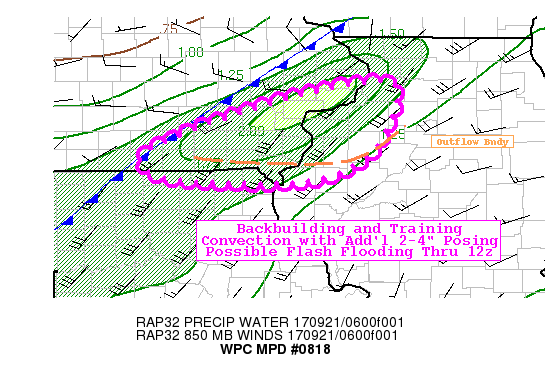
AREAS AFFECTED...SOUTHWEST IA...NORTHWEST IL...EXT NORTHEAST MO

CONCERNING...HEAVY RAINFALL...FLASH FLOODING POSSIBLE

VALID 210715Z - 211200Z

SUMMARY...BACKBUILDING AND TRAINING CONVECTION WITHIN NEARLY
STATIONARY LINEAR MCS CONTINUES TO POSE FLASH FLOODING RISK
THROUGH EARLY MORNING.

DISCUSSION...GOES-16 6.9UM MID-LEVEL WATER VAPOR CHANNEL DEPICTS
EXITING SHORTWAVE ACROSS ONTARIO WITH SOUTHWESTERLY JET ACROSS
DAKOTAS/N MN ATTM WITH TRAILING TROF FROM THE EASTERN UP BACK TO
SE KS. AT THE SURFACE SURFACE FRONT IS NEARLY STATIONARY BISECTING
WI INTO E IA BEFORE BENDING MORE WESTERLY ACROSS S IA INTO NW
MO...THOUGH ONGOING CONVECTION ACROSS E IA HAS PRODUCED AN OUTFLOW
BOUNDARY THAT HAS MOVED SOUTH AND IS CURRENTLY ORIENTED MORE
EAST-WEST FROM DAVIS COUNTY IA JUST SOUTH OF BRL/GBG BUT NORTH OF
EOK AND MCB AND PROVIDES SOLID ORIENTATION FOR ISENTROPIC ASCENT
FROM 30KT SWLY LLJ.  THE 10.3 UM CLEAR IR CHANNEL DEPICTS THE
STRONG UPDRAFTS/ASCENT WITH NUMEROUS OVERSHOOTING TOPS WITH
COOLING MCS WITH FURTHER SCATTERED TCU/SMALL CBS FURTHER WEST
ALONG THE LINE.

RECENT VWP NETWORK OVER NW MO SUGGESTS EVER SO SLIGHT VEERING WITH
TIME BUT STILL MAINTAINS SOLID STRENGTH OF THE FLOW AT THIS TIME.
STILL AS THE MAIN WAVE CONTINUES TO DEPART FURTHER NE...LLJ IS
EXPECTED TO WEAKEN AND FURTHER VEER DECREASING ORTHOGONAL
FLOW/ASCENT OVER THE BOUNDARY TOWARD 10-11Z. STILL IN THE
SHORT-TERM 850-7H FLOW REMAINS GENERALLY CONFLUENT ACROSS SE IA
SUPPORTING MEAN ENE CELL MOTION THOUGH WITH STRONGER
INFLOW...PROPAGATION VECTORS HAVE BACKED AND ARE EITHER STATIONARY
OR SUPPORT 5KTS FROM THE NORTHEAST SUGGESTING FURTHER BACKBUILDING
AND TRAINING WITHIN THE OVERALL COMPLEX (AS NOTED WITH UPSTREAM
TCU/SMALL CB IN GOES IR).  SUFFICIENT INSTABILITY REMAINS ALOFT TO
MAINTAIN UPDRAFTS WHILE LLJ PROVIDES MST CONVERGENCE ALONG THE
OUTFLOW BOUNDARY.

GIVEN AVAILABLE MOISTURE RATES OF 1.5-2"/HR ARE LIKELY AND SHOULD
SUPPORT ADDITIONAL 2-4" TOTALS ACROSS SE IA WITH POSSIBLE LOCALES
UP TO 5" THROUGH 12Z.  THIS MAY ALIGN WITH AREAS THAT HAVE ALREADY
RECEIVED 1-2" (THOUGH AREAS OF 2-4" FURTHER NORTH A LIKELY TO BE
SPARED THIS ADDITIONAL 2-3").  THIS IS IN LINE WITH RECENT RUNS
FROM THE ESRL HRRRV3 WHICH HAS BEEN PERFORMING WELL THROUGH THE
EVENT THIS EVENING AS WELL AS OTHER HI-RES GUIDANCE SUCH AS THE
ARW/NMMB THOUGH ALL SHOW A MINOR NORTHWARD BIAS.